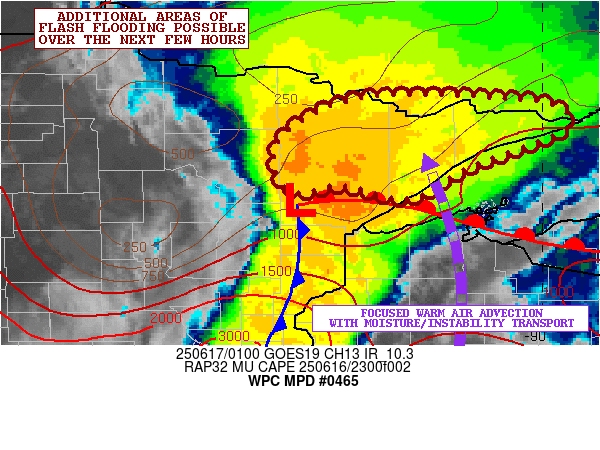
Areas affected...Northeast MN

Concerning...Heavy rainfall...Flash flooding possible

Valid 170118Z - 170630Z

SUMMARY...A strong MCS advancing across northeast MN will continue
to drive concentrated and heavy areas of rainfall over the next
few hours. Some additional areas of flash flooding will be
possible.

DISCUSSION...A strong cold-topped convective complex continues to
ride northeastward up across northeast MN this evening in
association with a compact shortwave trough and associated wave of
low pressure. Strong shortwave dynamics interacting with a nose of
focused elevated instability and warm air advection riding up
toward northeast MN will favor the convection maintaining its
organization through the remainder of the evening hours.

Rainfall rates with the additional storms over the next 2 to 3
hours will continue to be on the order of 1 to 2 inches/hour given
the concentration of instability near what appears to be a
tightening mid-level MCV southeast of Hibbing. Given some of the
concentrated banded nature of the convection near the MCV feature,
some of the additional rains may reach 3 to 4+ inches going
through the late-evening hours which is supported by the latest
RRFS guidance.

The antecedent conditions are rather dry across the area, but with
the latest radar/satellite trends and hires CAM guidance,
additional areas of flash flooding will be possible.